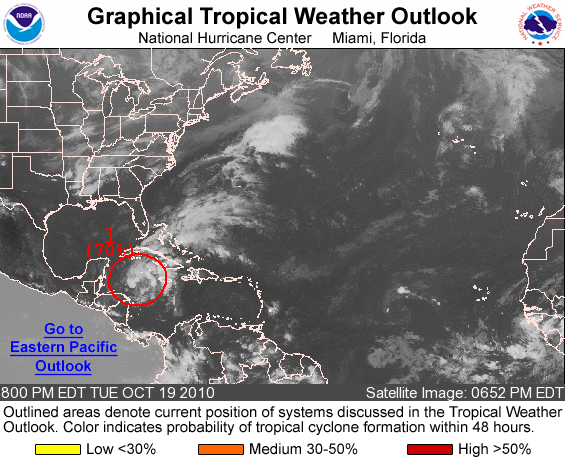
FOR THE NORTH ATLANTIC...CARIBBEAN SEA AND THE GULF OF MEXICO...

1. A NEARLY STATIONARY AREA OF LOW PRESSURE IS CENTERED ABOUT 175 MILES SOUTHWEST OF GRAND CAYMAN. SHOWERS AND THUNDERSTORMS ASSOCIATED WITH THE LOW HAVE CHANGED LITTLE IN ORGANIZATION OVER THE PAST SEVERAL HOURS. UPPER-LEVEL WINDS ARE MARGINALLY CONDUCIVE FOR DEVELOPMENT...AND THIS SYSTEM COULD BECOME A TROPICAL DEPRESSION AT ANY TIME TONIGHT OR WEDNESDAY AS IT REMAINS NEARLY STATIONARY. INTERESTS IN THE NORTHWEST CARIBBEAN SEA SHOULD CONTINUE TO MONITOR THE PROGRESS OF THIS SYSTEM. THERE IS A HIGH CHANCE...70 PERCENT...OF THIS SYSTEM BECOMING A TROPICAL CYCLONE DURING THE NEXT 48 HOURS.

ELSEWHERE...TROPICAL CYCLONE FORMATION IS NOT EXPECTED DURING THE NEXT 48 HOURS.

FORECASTER PASCH